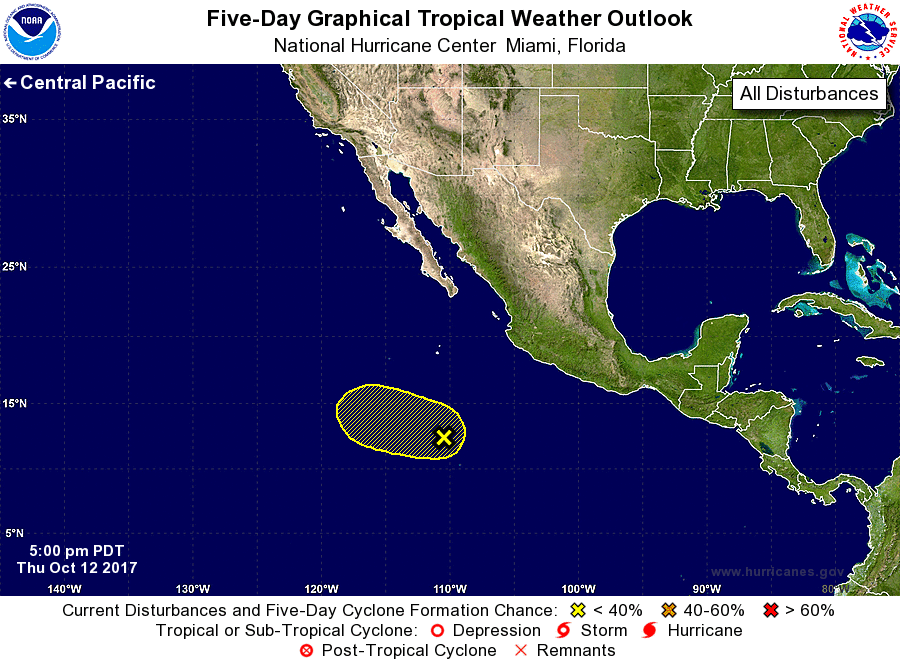
For the eastern North Pacific...east of 140 degrees west longitude:

1. A broad area of low pressure centered about 750 miles south of the southern tip of the Baja California peninsula is producing disorganized showers and thunderstorms. Development during the next day or two is expected to be limited due to hostile upper-level winds. Thereafter, conditions could become a little more favorable for tropical cyclone formation while the system moves generally westward at 10 to 15 mph.
* Formation chance through 48 hours...low...10 percent.
* Formation chance through 5 days...low...30 percent.

Forecaster Avila